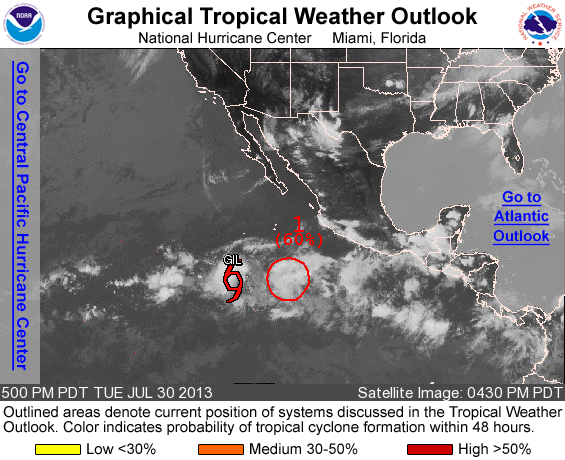
FOR THE EASTERN NORTH PACIFIC...EAST OF 140 DEGREES WEST LONGITUDE..

THE NATIONAL HURRICANE CENTER IS ISSUING ADVISORIES ON RECENTLY UPGRADED TROPICAL STORM GIL...LOCATED WELL OFFSHORE OF THE SOUTHWEST COAST OF MEXICO.

1. A LOW PRESSURE SYSTEM LOCATED ABOUT 750 MILES SOUTH OF THE SOUTHERN TIP OF THE BAJA CALIFORNIA PENNISULA CONTINUES TO BECOME BETTER ORGANIZED. ENVIRONMENTAL CONDITIONS ARE CONDUCIVE FOR ADDITIONAL DEVELOPMENT...AND THE LOW COULD BECOME A TROPICAL DEPRESSION TONIGHT OR ON WEDNESDAY. THIS SYSTEM HAS A HIGH CHANCE...60 PERCENT...OF BECOMING A TROPICAL CYCLONE DURING THE NEXT 48 HOURS AS IT MOVES GENERALLY WESTWARD AT 10 TO 15 MPH.

ELSEWHERE...TROPICAL CYCLONE FORMATION IS NOT EXPECTED DURING THE NEXT 48 HOURS.

PUBLIC ADVISORIES ON TROPICAL STORM GIL ARE ISSUED UNDER WMO HEADER WTPZ32 KNHC AND UNDER AWIPS HEADER MIATCPEP2. FORECAST/ADVISORIES ON GIL ARE ISSUED UNDER WMO HEADER WTPZ22 KNHC AND UNDER AWIPS HEADER MIATCMEP2.

FORECASTER CANGIALOSI/STEWART